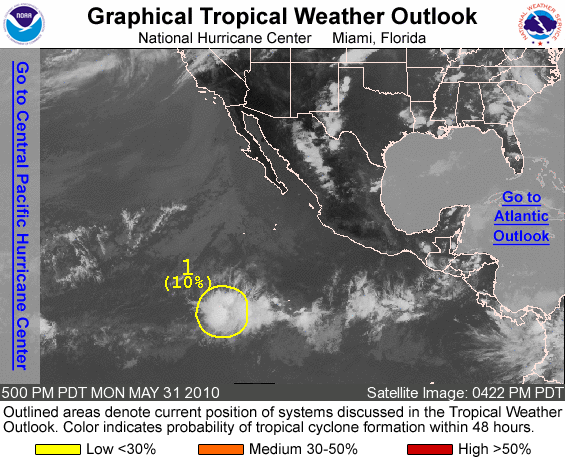
FOR THE EASTERN NORTH PACIFIC...EAST OF 140 DEGREES WEST LONGITUDE..

1. SHOWERS AND THUNDERSTORMS HAVE INCREASED IN ASSOCIATION WITH A BROAD AREA OF LOW PRESSURE LOCATED ABOUT 1000 MILES SOUTH-SOUTHWEST OF THE SOUTHERN TIP OF BAJA CALIFORNIA. SOME GRADUAL DEVELOPMENT OF THIS SYSTEM IS POSSIBLE OVER THE NEXT DAY OR TWO AS IT MOVES SLOWLY WESTWARD OR WEST-NORTHWESTWARD. THERE IS A LOW CHANCE...10 PERCENT...OF THIS SYSTEM BECOMING A TROPICAL CYCLONE DURING THE NEXT 48 HOURS.

ELSEWHERE...TROPICAL CYCLONE FORMATION IS NOT EXPECTED DURING THE NEXT 48 HOURS.

FORECASTER BRENNAN/LANDSEA